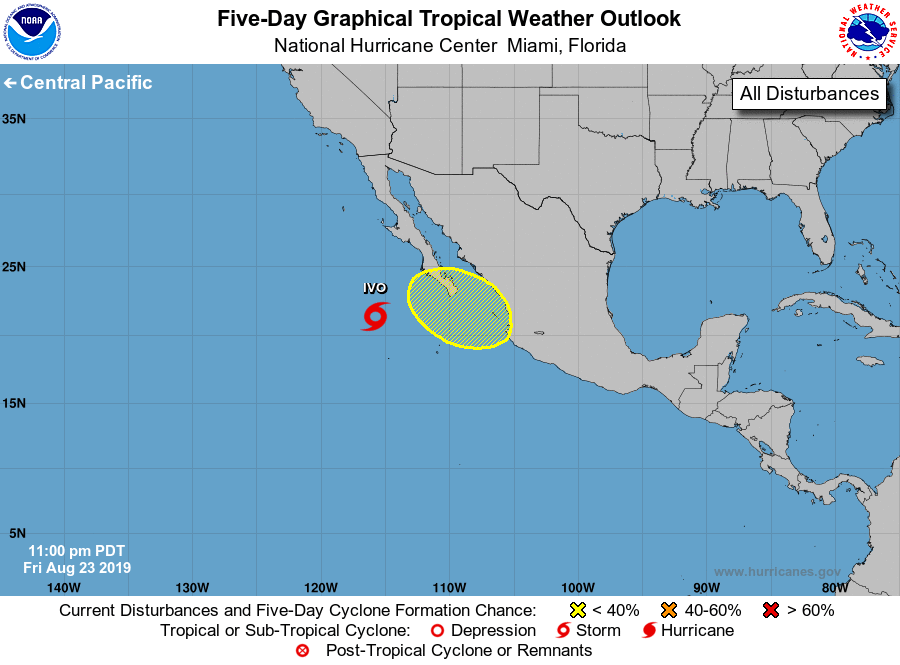
For the eastern North Pacific...east of 140 degrees west longitude:

The National Hurricane Center is issuing advisories on Tropical Storm Ivo, located a few hundred miles west-southwest of the southern tip of the Baja California peninsula.

1. An area of low pressure is forecast to form just offshore of the west-central coast of Mexico near the southern tip of the Baja California peninsula by the middle of next week. Some development of this system is possible thereafter while it moves westward or west-northwestward at around 10 mph.
* Formation chance through 48 hours...low...near 0 percent.
* Formation chance through 5 days...low...30 percent.

Forecaster Avila